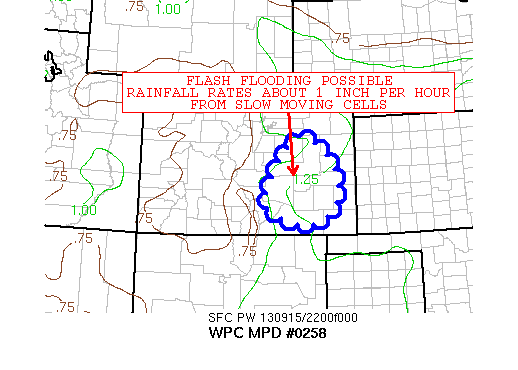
AREAS AFFECTED...SOUTHERN CO

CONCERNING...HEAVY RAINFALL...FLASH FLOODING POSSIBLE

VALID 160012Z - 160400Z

SUMMARY...FLASH FLOODING REMAINS POSSIBLE ACROSS SOUTHERN CO AS
CELLS MOVE OUT ONTO THE PLAINS.

DISCUSSION...CELLS PRODUCING RAINFALL RATES UP TO AN INCH PER HOUR
WERE MOVING OUT ONTO THE PLAINS LATE THIS AFTERNOON.  WHILE THE
STORMS SHOULD EVENTUALLY MOVE OVER AREAS WITH HIGHER
FFG...GUIDANCE REMAINS PRETTY LOW OVER THE WESTERN AND NORTHERN
PORTION OF THE OUTLOOK AREA.

THE 15/21Z HRRR GENERATED SOME 3 HRLY RAINFALL AMOUNTS BETWEEN 1.5
INCHES AND 2 INCHES THROUGH 06Z.  LOOPING HOURLY RAINFALL AMOUNTS
FROM THE HRRR SUGGESTS THAT HEAVIEST RAINFALL RATES WOULD PERSIST
THROUGH ABOUT 04Z BEFORE TAPERING OFF. UNTIL THEN...THE RISK OF
FLASH FLOODING SHOULD CONTINUE.